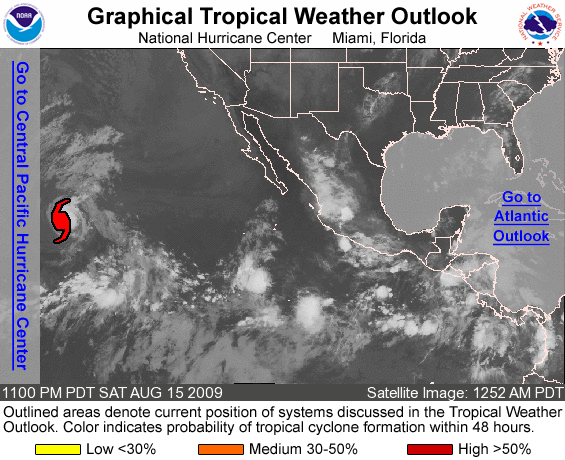
FOR THE EASTERN NORTH PACIFIC...EAST OF 140 DEGREES WEST LONGITUDE..

THE NATIONAL HURRICANE CENTER IS ISSUING ADVISORIES ON HURRICANE GUILLERMO...LOCATED ABOUT 1685 MILES WEST OF THE SOUTHERN TIP OF BAJA CALIFORNIA.

ELSEWHERE...TROPICAL CYCLONE FORMATION IS NOT EXPECTED DURING THE NEXT 48 HOURS.

FORECASTER BERG